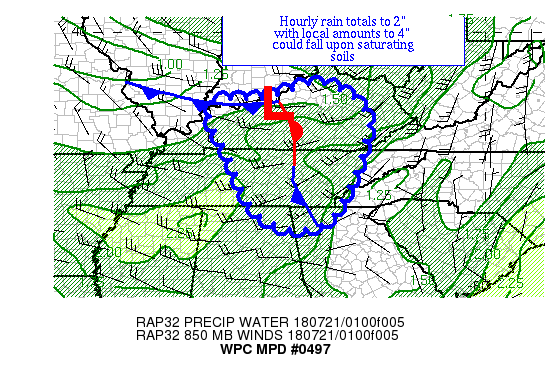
AREAS AFFECTED...PORTIONS OF THE MID-SOUTH

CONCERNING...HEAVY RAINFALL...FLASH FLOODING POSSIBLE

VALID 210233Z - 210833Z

SUMMARY...SIGNIFICANT INSTABILITY INTERACTING WITH A NORTH-SOUTH
ORIENTED OUTFLOW BOUNDARY IS EXPECTED TO CONTINUE HEAVY RAIN
ISSUES IN THE MID-SOUTH.

DISCUSSION...SHOWERS AND THUNDERSTORMS ARE BEGINNING TO FILL IN
BETWEEN TWO BANDS OF HEAVY RAINFALL ACROSS NORTHERN KY AND EASTERN
TN.  CONVERGENT 850 HPA INFLOW OF 30-50 KTS IS IMPORTING 2000-4000
J/KG OF MU CAPE INTO A NORTH-SOUTH OUTFLOW BOUNDARY WITHIN A
DIVERGENT AREA ALOFT SOUTH OF AN UPPER LOW OVER NORTHERN LAKE
MICHIGAN.  PRECIPITABLE WATER VALUES IN THE AREA ARE 1.5-1.9" PER
GPS DATA AND NASHVILLE'S 00Z SOUNDING.  EFFECTIVE BULK SHEAR IN
THE REGION IS 30-50 KTS, HIGH ENOUGH TO BE WORRIED ABOUT
MESOCYCLONE FORMATION.

PORTIONS OF THE AREA HAVE RECEIVED 3-5" OF RAINFALL TODAY, WHICH
POTENTIALLY UPS THE ANTE ON FLASH FLOODING.  AS CIN HAS SET IN,
THUNDERSTORMS WITH HEAVY RAINFALL COULD FALL ON SOME OF THESE
SATURATED SOILS AS FORWARD PROPAGATING CONVECTIVE VECTORS BECOME
MORE WEST TO EAST OVERNIGHT.  THE BETTER 850 HPA CONVERGENCE
SLOWLY SHIFTS FROM NORTH TO SOUTH THROUGH TN AND KY THROUGH 09Z
WHILE THE LOW-LEVEL FOCUS SHIFTS FROM EAST TO WEST AS THE COLD
POOL BECOMES LARGER FROM ONGOING CONVECTION, ERODING THE
INSTABILITY POOL FROM THE EAST.  THE AVAILABLE MOISTURE AND
INSTABILITY SUPPORT HOURLY RAIN TOTALS TO 2".  THE MESOSCALE
GUIDANCE HAS A GOOD SIGNAL FOR LOCAL AMOUNTS IN THE 3-4" RANGE.
ISSUES WOULD BE MOST SIGNIFICANT IN URBAN AREAS AND OVER
SATURATING SOILS.

SINCE THE OVERLAP BETWEEN THE EXPECTED HEAVY RAINFALL AND WHAT HAS
FALLEN SO FAR IS UNCLEAR, HAVE LEFT THE CATEGORY AS POSSIBLE.